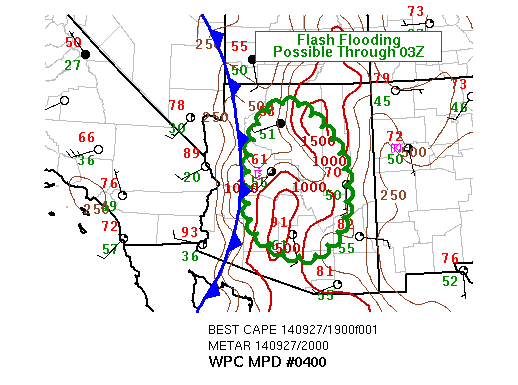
AREAS AFFECTED...CNTRL ARIZONA

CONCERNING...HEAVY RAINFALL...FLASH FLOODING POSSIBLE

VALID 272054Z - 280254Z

SUMMARY...AS AN AXIS OF MOIST SOUTHERLY FLOW AHEAD OF A PACIFIC
COLD FRONT EDGES EWD ACROSS THE MOGOLLON RIM INTO AN INSTABILITY
AXIS...THE FLASH FLOOD THREAT WILL CONTINUE THROUGH SUNSET ACROSS
A LARGE SECTION OF CNTRL ARIZONA. MOISTURE TRANSPORT NORTH OF THE
THREAT AREA MAY BE INTERRUPTED ENOUGH TO ALLOW FOR MORE STRATIFORM
RAIN WITH EMBEDDED HEAVIER ELEMENTS.

DISCUSSION...REGIONAL RADAR IMAGERY OVER THE PAST SEVERAL HOURS
HAS SHOWN A BROKEN LINE OF HEAVY RAIN SLOWLY MOVING EWD ACROSS WRN
ARIZONA AT ABOUT 20 MPH AHEAD OF A STRONG PACIFIC COLD FRONT. DUAL
POL AND GROUND TRUTH SHOWS 1 HOUR RAINFALL RATES HAVE BEEN BETWEEN
1 AND 1.5 INCHES WITHIN THE HEAVIER CORES. VISIBLE IMAGERY DURING
THE EARLY AFTERNOON HOURS HAS SHOWN MOSTLY CLEAR SKIES ALLOWING
FOR RAP ESTIMATED ML CAPES OF 500 TO 1500 J/KG JUST AHEAD OF THE
COLD FRONT IN CNTRL AND NRN ARIZONA.

DESPITE THE STEADY MOVEMENT OF THE LINE OF HEAVY RAINFALL...AND
DRY AIR NOTED ABOVE 600 MB PER WV IMAGERY AND RAP SOUNDING
ANALYSES...A THREAT FOR FLASH FLOODING WILL CONTINUE THROUGH THE
REMAINDER OF THE AFTERNOON INTO THE EVENING. STRONG DIFFLUENCE
NOTED ON WV IMAGERY APPEARS GREATEST OVER ARIZONA AND HI-RES
MODELS...INCLUDING THE 12Z HRW ARW...NAM CONEST AND NSSL
WRF...SUGGEST CONTINUED RAINFALL RATES OVER 1 IN/HR AND POCKETS OF
2-3 INCHES IN 3 HOURS TIME BEFORE 03Z. THESE SAME HI-RES MODELS
HAVE HANDLED EARLIER RAINFALL ACROSS THE REGION REASONABLY WELL
AND IT IS EXPECTED THEIR PERFORMANCE WILL CONTINUE. LOCATIONS
NORTH OF THE THREAT AREA FROM NRN ARIZONA INTO SRN UTAH ARE
EXPECTED TO SEE REDUCED RAINFALL RATES GIVEN ONGOING CONVECTION
ACROSS CNTRL/SRN ARIZONA RETARDING NWD MOISTURE TRANSPORT WITH
ONLY A LOCALIZED FLASH FLOOD THREAT.